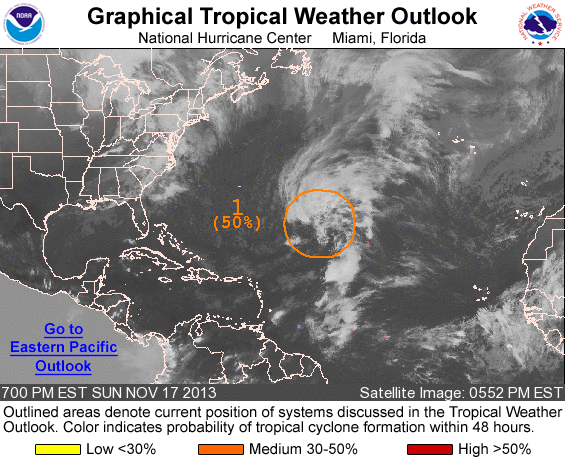
FOR THE NORTH ATLANTIC...CARIBBEAN SEA AND THE GULF OF MEXICO...

1. A NON-TROPICAL LOW PRESSURE SYSTEM LOCATED OVER THE CENTRAL ATLANTIC OCEAN ABOUT 850 MILES EAST-SOUTHEAST OF BERMUDA IS PRODUCING WINDS TO GALE FORCE. ENVIRONMENTAL CONDITIONS APPEAR CONDUCIVE FOR THIS LOW TO ACQUIRE SUBTROPICAL OR TROPICAL CHARACTERISTICS DURING THE NEXT FEW DAYS WHILE IT MOVES SLOWLY NORTH-NORTHWESTWARD TO NORTHWARD. THIS SYSTEM HAS A MEDIUM CHANCE...50 PERCENT... OF BECOMING A SUBTROPICAL OR TROPICAL CYCLONE DURING THE NEXT 48 HOURS...AND A HIGH CHANCE...70 PERCENT...OF BECOMING A SUBTROPICAL OR TROPICAL CYCLONE DURING THE NEXT 5 DAYS.

ADDITIONAL INFORMATION ON THIS SYSTEM CAN BE FOUND IN HIGH SEAS FORECASTS ISSUED BY THE NATIONAL WEATHER SERVICE.

HIGH SEAS FORECASTS ISSUED BY THE NATIONAL WEATHER SERVICE ARE FOUND UNDER AWIPS HEADER NFDHSFAT1 AND WMO HEADER FZNT01 KWBC.

FIVE-DAY FORMATION PROBABILITIES ARE EXPERIMENTAL IN 2013. COMMENTS ON THE EXPERIMENTAL FORECASTS CAN BE PROVIDED AT...

HTTP://WWW.NWS.NOAA.GOV/SURVEY/NWS-SURVEY.PHP?CODE=ETWO

FORECASTER BROWN